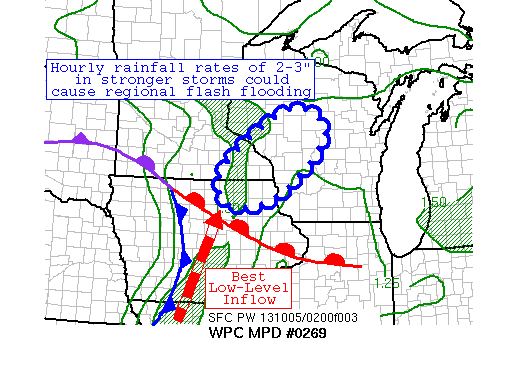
AREAS AFFECTED...NORTHEAST IA...SOUTHEAST MN...WESTERN WI

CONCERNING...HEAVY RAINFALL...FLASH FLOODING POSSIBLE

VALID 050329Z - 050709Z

SUMMARY...A LENGTHENING AND SLIGHTLY MOBILE BAND OF THUNDERSTORMS
FROM NORTHEAST IA INTO SOUTHWEST WI WITH HOURLY RAINFALL RATES OF
2-3" AN HOUR COULD CAUSE REGIONAL FLASH FLOODING ACROSS THE UPPER
MISSISSIPPI VALLEY.

DISCUSSION...A LENGTHENING THUNDERSTORM BAND FROM NORTHEAST IA
ACROSS SOUTHEAST MN INTO WESTERN WI HAS DEVELOPED NEAR AND NORTH
OF A WARM FRONT, WITH THE ACTIVITY DRIFTING SLOWLY EASTWARD.  THE
MESOSCALE GUIDANCE WAS UNANIMOUS IN SUPPORT OF THIS THUNDERSTORM
AREA'S FORMATION.  RAINFALL RATES PER RADAR ESTIMATES AND SURFACE
REPORTS ARE 2-3" AN HOUR IN STRONGER CELLS, WHICH EXCEED LOCAL
FLASH FLOOD GUIDANCE VALUES.  THESE STORMS HAVE FORMED IN RESPONSE
TO 50 KTS OF INFLOW (PER VAD WIND PROFILES) AND CAPE VALUES OF
1000-1500 J/KG (PER THE 12Z ARW).  PRECIPITABLE WATER VALUES NEAR
1.50 INCHES ARE ABOVE THE 90TH PERCENTILE FOR EARLY OCTOBER IN
THIS AREA.  DIVERGENCE ALOFT IS SIGNIFICANT TO THE EAST OF A DEEP
CYCLONE ACROSS SD.

CORFIDI VECTORS SUGGEST AN EASTWARD DRIFT SHOULD CONTINUE FOR THE
NEXT SEVERAL HOURS, WHILE THE WARM FRONT'S PROGRESSION AND
INCREASING CIN WITH TIME SHOULD CAUSE A NORTHEAST SHIFT OF THE
CONVECTIVE BAND OVER THE NEXT SEVERAL HOURS.  OTHER STORMS MOVING
IN FROM THE WEST COULD LEAD TO RENEWED HEAVY RAINS OVER AREAS
WHICH RECENTLY RECEIVED 3 INCHES OF RAINFALL ACROSS SOUTHEAST MN.
THE 12Z ARW ADVERTISES CAPE BECOMING EXHAUSTED AROUND 06Z, WHILE
THE LAST FEW RUNS OF THE HRRR INDICATE CONVECTIVE ACTIVITY SHOULD
PERSIST UNTIL AROUND 07Z.  THE EXPECTATION IS THAT THE COMBINATION
OF A BROKEN BAND OF SEVERE THUNDERSTORMS ALONG A COLD FRONT MOVING
IN FROM THE WEST AND DECREASING CAPE VALUES OVERNIGHT SHOULD END
THE FLASH FLOOD THREAT AROUND 07Z, WHICH WAS USED AS THE
EXPIRATION TIME FOR THIS MPD.